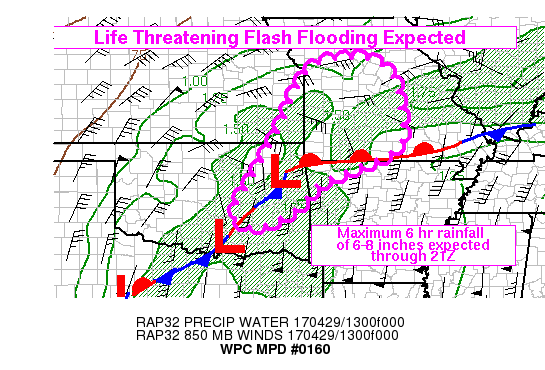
AREAS AFFECTED...ERN OK...SERN KS...FAR NWRN AR...WRN/SRN MO

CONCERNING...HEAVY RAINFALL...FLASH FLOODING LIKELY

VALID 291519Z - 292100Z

SUMMARY...A SIGNIFICANT AXIS OF TRAINING RAINFALL IS EXPECTED TO
CAUSE MAJOR...LIFE THREATENING...FLASH FLOOD POTENTIAL OVER THE
NEXT FEW HOURS FROM ERN OK INTO NWRN AR AND CNTRL MO. ADDITIONAL
MAXIMUM RAINFALL OF 6-8 INCHES IS EXPECTED THROUGH 21Z.

DISCUSSION...EXPERIMENTAL GOES-16 10.3 MICRON IMAGERY HAS SHOWN A
WWD EXPANSION OF COLDER CLOUD TOPS THROUGH SWRN MO OVER THE PAST 2
HOURS AS ANOTHER CLUSTER OF COLDER CLOUD TOPS ADVANCED TO THE EAST
ACROSS THE ERN HALF OF OK. ENTLN LIGHTNING DATA AT 15Z IDENTIFIED
AN AXIS OF CG AND INTER/TNTRA-CLOUD FLASHES ALIGNING FROM NEAR MLC
TO JUST NORTH OF SGF. THIS AXIS SEEMS TO BE THE BEGINNING OF WHAT
SHOULD BECOME A SLOW MOVING SWATH OF HEAVY RAIN FORECAST TO AFFECT
THE REGION THROUGH AT LEAST 20-21Z.

AS A POWERFUL MID-LEVEL SHORTWAVE ADVANCES EWD ACROSS NM OVER THE
NEXT 3-6 HOURS...LOW-MID LEVEL HEIGHT RISES ARE FORECAST ACROSS
THE MID-MISSISSIPPI VALLEY WHILE HEIGHT FALLS ADVANCE INTO WEST
TEXAS. IN BETWEEN THESE TWO AREAS WILL BE A PIVOT POINT...FOCUSING
JUST AHEAD OF A SLOW MOVING TO NEARLY STATIONARY FRONT CURRENTLY
LOCATED IN SERN OK. LOW PRESSURE AT 15Z LOCATED ALONG THE FRONT IN
HAYES COUNTY...NERN OK...IS FORECAST TO SLOWLY DRIFT NNE AS THE
WARM FRONT TO ITS EAST ALIGNS MORE SW TO NE EARLY THIS AFTERNOON.
THIS SW TO NE ALIGNMENT OF THE ENTIRE FRONTAL BOUNDARY WILL ALIGN
PERFECTLY WITH MEAN LAYER WINDS OF 50-60 KT TO ALLOW TRAINING OF
HEAVY RAIN CORES FROM SW TO NE. THE APPROACH OF THE UPPER LEVEL
JET TROUGH 21Z WILL ALSO ACT TO INCREASE UPPER LEVEL DIFFLUENCE
OVER ERN OK/WRN MO/FAR NWRN AR AS WELL. GIVEN ANTECEDENT RAINFALL
HAS SATURATED SOILS IN MANY LOCATIONS...ADDITIONAL RAINFALL WILL
RUN OFF RAPIDLY...LIKELY CAUSING WIDESPREAD FLASH FLOODING.